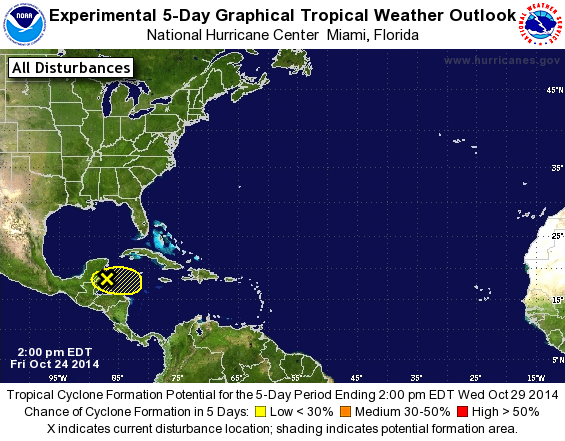
For the North Atlantic...Caribbean Sea and the Gulf of Mexico:

A broad area of low pressure over the extreme western Caribbean Sea is associated with the remnants of Tropical Depression Nine. This system is producing disorganized showers and thunderstorms, and redevelopment, if any, will be slow to occur while the low drifts eastward or meanders for the next few days.

1.
* Formation chance through 48 hours...low...10 percent.
* Formation chance through 5 days...low...20 percent.

Forecaster Avila